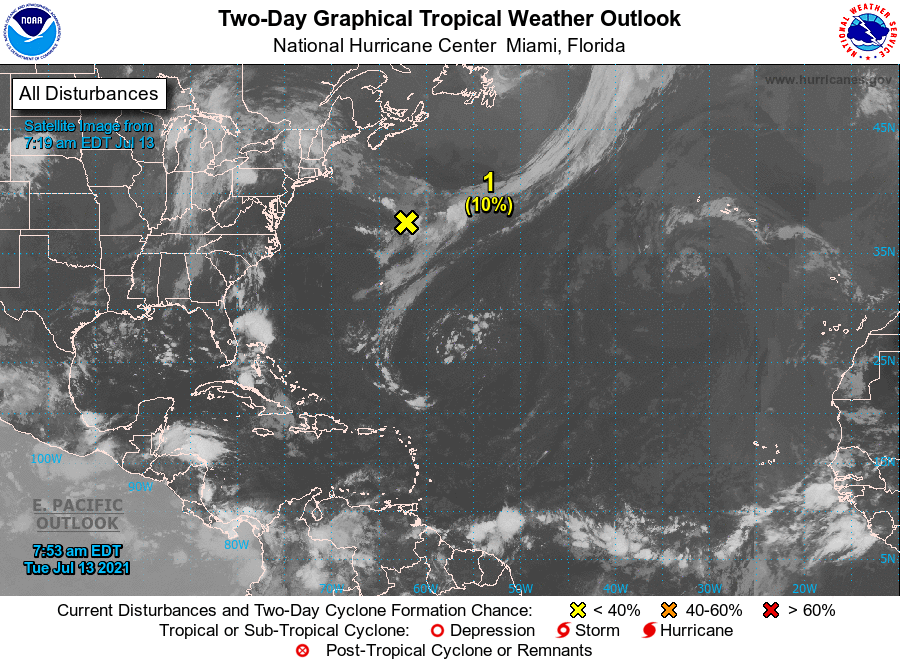
For the North Atlantic...Caribbean Sea and the Gulf of Mexico:

1. A non-tropical broad area of low pressure has formed along a decaying frontal boundary several hundred miles south-southeast of Cape Race, Newfoundland. The low is producing a concentrated area of showers and thunderstorms over the eastern portion of the system. Although environmental conditions are only marginally favorable at this time, some slight development is possible during the next couple of days as it drifts generally southward over warmer waters.
* Formation chance through 48 hours...low...10 percent.
* Formation chance through 5 days...low...10 percent.

Forecaster Roberts